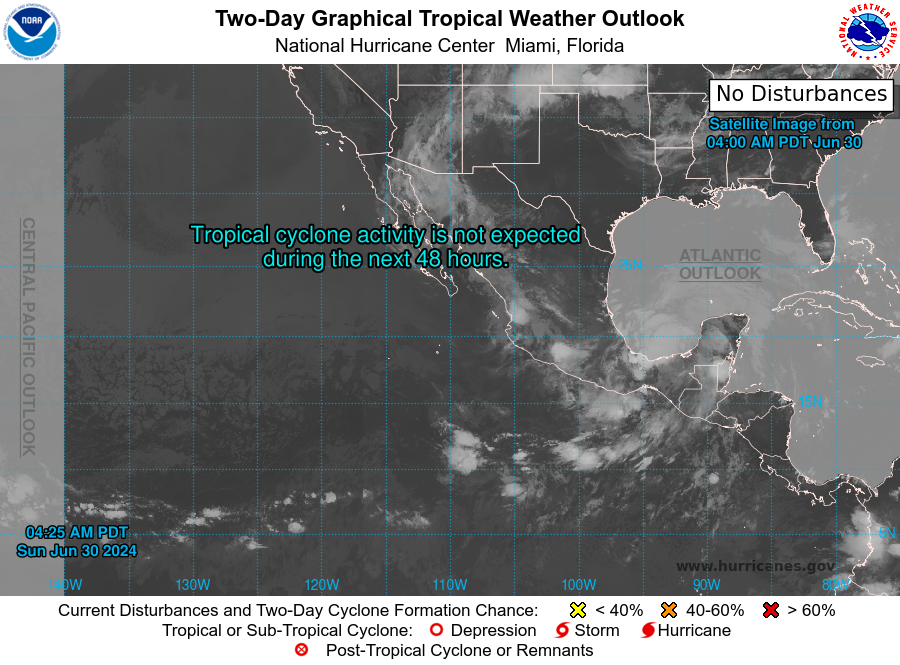
For the eastern North Pacific...east of 140 degrees west longitude:

1. Offshore of Southern Mexico: A broad area of low pressure is expected to form by early next week a few hundred miles south of the coast of southern Mexico. Some gradual development is possible, and a tropical depression could form around midweek while the system moves west-northwestward at 10 to 15 mph.
* Formation chance through 48 hours...low...near 0 percent.
* Formation chance through 7 days...medium...40 percent.

Forecaster Roberts